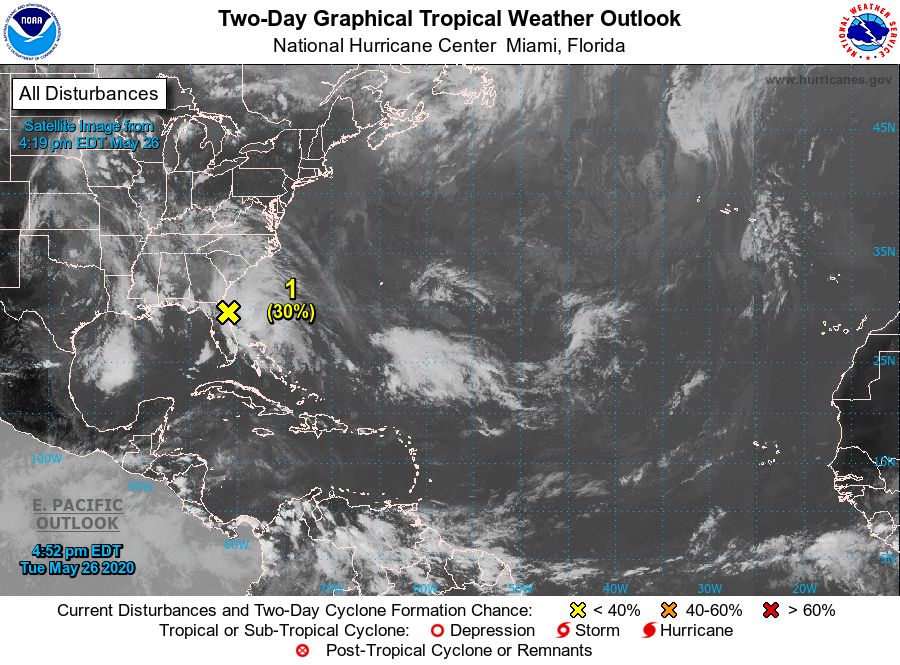
For the North Atlantic...Caribbean Sea and the Gulf of Mexico:

Special Tropical Weather Outlook issued to discuss the area of low pressure near the northeast Florida coast.

1. An elongated area of low pressure located near the northeast Florida coast and an associated upper-level disturbance are producing a large area of showers and thunderstorms extending from portions of Florida and coastal Georgia eastward for a few hundred miles over the Atlantic waters. Some development of this system is possible through early Wednesday if it remains offshore while moving slowly northward near the northeastern Florida and Georgia coasts. The low is expected to move well inland over the southeast U.S. by late Wednesday, which should end any chance of tropical cyclone formation.

Regardless of development, heavy rainfall could cause flash flooding over portions of coastal sections of northeastern Florida and Georgia through tonight, and over portions of the Carolinas on Wednesday. Gusty winds could also produce rough marine conditions and life-threatening surf and rip currents along the coasts of northeastern Florida, Georgia, and the Carolinas through Wednesday.

For additional information, see products from your local National Weather Service office. The next Special Tropical Weather Outlook on this system will be issued by 3 AM EDT Wednesday, or earlier if necessary.
* Formation chance through 48 hours...low...30 percent.
* Formation chance through 5 days...low...30 percent.

Forecaster Cangialosi